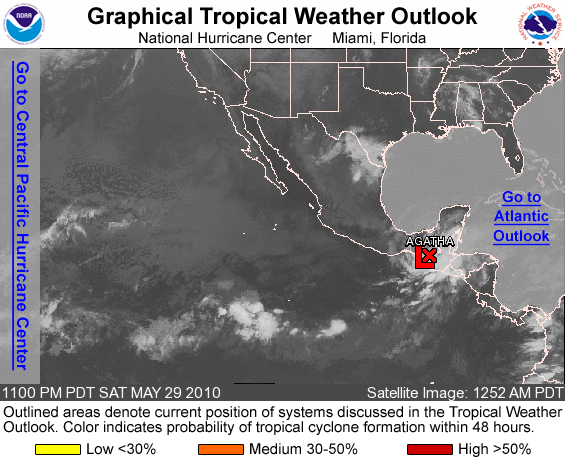
FOR THE EASTERN NORTH PACIFIC...EAST OF 140 DEGREES WEST LONGITUDE..

THE NATIONAL HURRICANE CENTER IS ISSUING ADVISORIES ON TROPICAL DEPRESSION AGATHA...LOCATED INLAND ABOUT 25 MILES NORTHEAST TAPACHULA MEXICO.

ELSEWHERE...TROPICAL CYCLONE FORMATION IS NOT EXPECTED DURING THE NEXT 48 HOURS.

FORECASTER BROWN